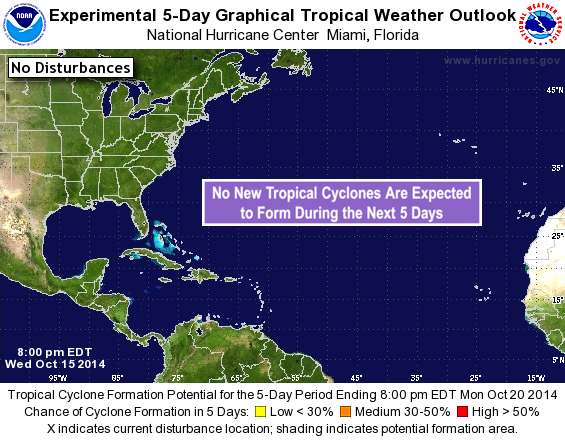
For the North Atlantic...Caribbean Sea and the Gulf of Mexico:

The National Hurricane Center is issuing advisories on Hurricane Gonzalo, located several hundred miles south-southwest of Bermuda.

Tropical cyclone formation is not expected during the next five days.

Forecaster Avila